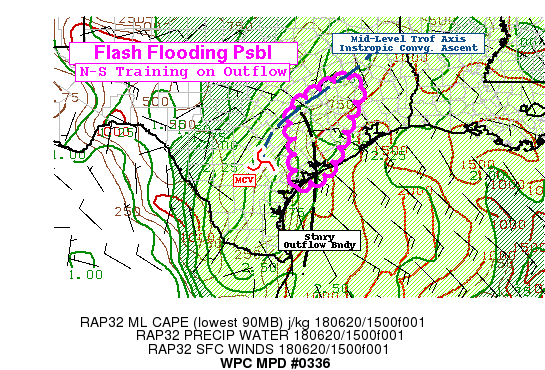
AREAS AFFECTED...SOUTHEAST TEXAS

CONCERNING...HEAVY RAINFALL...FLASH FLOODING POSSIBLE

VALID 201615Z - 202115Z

SUMMARY...TRAINING BAND AND SLOW MOVING CELLS ALONG TROUGH AXIS
POSE POSSIBLE FLASH FLOODING RISK OVER NEXT FEW HOURS.

DISCUSSION...RADAR MOSAIC SHOWS A SHARPENING MCV OVER OVER N BEE/N
LIVE OAK COUNTY WITH N-S ORIENTED OUTLFOW BAND FROM LAVACA TO
CALHOUN INTO THE WESTERN GULF.  THE MCV REMAINS CONNECTED TO THE
MID-LEVEL TROF EXITING TO THE NORTHEAST AND IS CURRENTLY ORIENTED
BETWEEN LEE TO HOUSTON TO HARRISON COUNTY.  SOUTH AND EAST OF
THESE BOUNDARIES...CLEAR SKIES AND GULF ENVIRONMENT SUPPORTS
WARM/MOIST AND UNSTABLE ENVIRONMENT WITH MLCAPES TO 1000-1500 NEAR
GALVESTON BAY.  HOWEVER CLOUD COVER NEAR THE SLOWLY EASTWARD
PROGRESSING LINE HAS REDUCED TEMPS AND THEREFORE INSTABILITY TO NO
MORE THAN 500 J/KG.  THE MCV HAS SUPPORTED SOME LOW LEVEL BACKING
TO INCREASE LOW LEVEL CONVERGENCE AND ADVECTION OF THIS MODERATELY
UNSTABLE AIR INTO THE N-S TRAINING BAND.  AS SUCH RATES ARE STEADY
AROUND 1"/HR CURRENTLY BUT OFFSHORE INCREASING VERTICAL DEPTH (PER
OVERSHOOTING TOPS IN 1 MINUTE MESO VISIBLE IMAGERY) SUGGEST
INCREASING THREAT OF 2"+/HR CELLS MAY BE ON THE WAY BUT LIKELY
LIMITED TO THE COASTAL COUNTIES.  SO 2-3" IS POSSIBLE ALONG THIS
BAND AND NEW FLASH FLOODING IS CONSIDERED POSSIBLE IN THE NEXT FEW
HOURS

LOW LEVEL FLOW OFF THE GULF AT 15-20KTS IS STARTING TO PILE UP AT
WEAK SFC CONVERGENCE LINE COINSIDENT WITH THE MID-LEVEL TROF NEAR
GYB TO CLL TO LFK.  HI-RES CAMS ARE SUGGESTIVE OF SOME INCREASED
ISENTROPIC ASCENT IN THIS PROXIMITY THAT WOULD BUILD SLOWLY
SOUTHWARD INTO THE STRENGTHENING AND MORE UNSTABLE INFLOW
ENVIORNMENT.  RATES OF 1.5-2"/HR ARE POSSIBLE BUT LIKELY MORE
LIMITED IN TIME/DURATION WITH SURGES IN THE INFLOW ENVIRONMENT.
THIS AREA IS ALSO GENERALLY BEEN DRY BUT IF THE CONVECTION COULD
BUILD SOUTHWARD TOWARD WALLER/AUSTIN AND S GRIMES THAT WERE AFFECT
YESTERDAY...FLASH FLOODING WOULD BE MORE LIKELY.  HOWEVER IT IS
MORE LIKELY TO BE IN THE LEE TO HOUSTON COUNTY TRACK OR EVEN
FURTHER NORTH...SO FLASH FLOODING IS CONSIDERED POSSIBLE AT THIS
TIME.